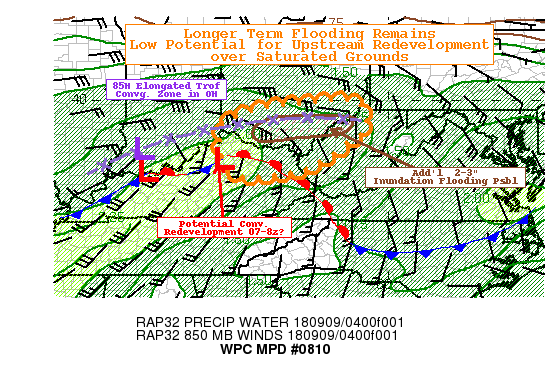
Areas affected...Northern/Northeast KY...Southern OH...Western
WV...

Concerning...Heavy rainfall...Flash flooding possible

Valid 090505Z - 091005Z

SUMMARY...Reduced rapid onset flash flooding shifting to longer
duration flooding.  Potential upstream redevelopment/training.

DISCUSSION...GOES-16 10.3um loop remains dominated by large but
warming cirrus canopy across Northern KY attm, though breaks in
the upper level clouds denote the stretched low to mid-level swirl
back over SW IND.  The forward progress of the remaining
convective cores of the convective line continues to race quickly
into Menifee county, producing less than 1.5" as it passes not
leading to flash flooding.   As such the overall threat will shift
to the stronger isentropic ascent along the 850mb front with the
strengthening LLJ.  While upstream environement across central KY
within the LLJ has some remaining instability, the LLJ is fairly
unidirectional and has limited speed shear for only occasional
embedded redeveloping cells.  The LLJ is expected (and denoted in
VWP) to increase over 30-40kts supporting a backbuilding/training
environment if cells can develop across the saturated areas of
Northern KY into SW Ohio, but this is appearing less likely, but
still possible as connecting moisture axis/plume is stretching
thin.  Still many of the Hi-res CAMS are persistent in breaking
out additional convection around the 7-8z time period, enough to
warrant some possible flash flooding concern given the saturated
grounds/low FFG wouldn't need much to lead to flash flooding.

Of greater flooding concern, is the remaining prolonged moisture
convergence at the nose of the LLJ along the deformation zone from
southern OH into N WV.  Here flux is strong and moisture is ample
(Total PWATs of 1.7-1.9"), but the lack of instability should
limit rates to below 1"/hr and 2-3" totals over the next 6hrs
lending to longer term inundation flooding concerns.  All in all,
a downward turn, but still modest potential for possible flooding
through the early morning hours.